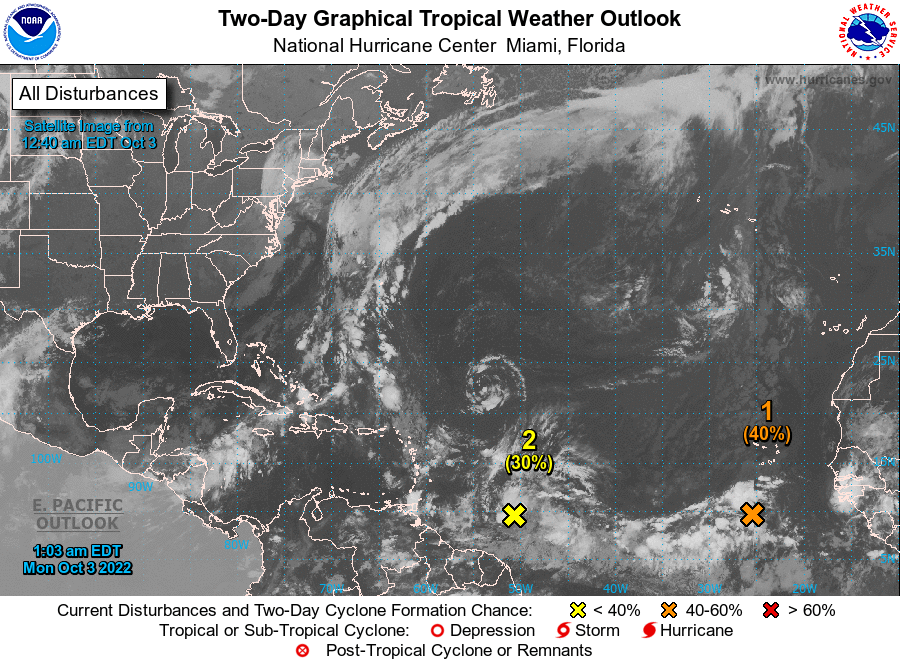
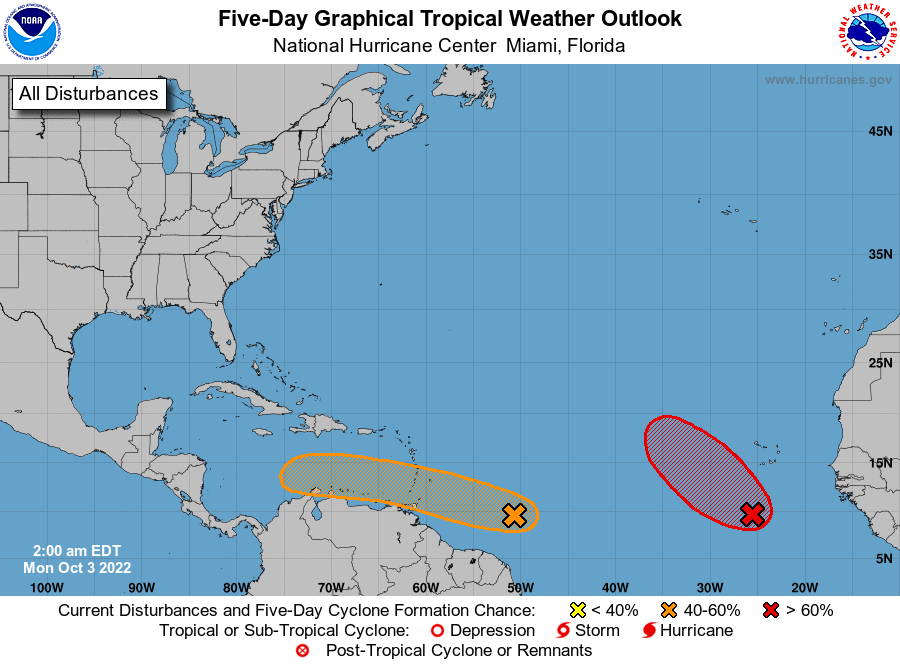
For the North Atlantic...Caribbean Sea and the Gulf of Mexico:

1. Eastern Tropical Atlantic: An elongated area of low pressure located several hundred miles south of the Cabo Verde Islands continues to produce disorganized showers and thunderstorms. Environmental conditions are forecast to be favorable for some gradual development, and a tropical depression is likely to form around the middle part of this week. Further development will become less likely by the end of the week due to increasing upper-level winds. The system is forecast to move westward, then turn northwestward or northward by the end of the week over the eastern tropical Atlantic.
* Formation chance through 48 hours...medium...40 percent.
* Formation chance through 5 days...high...70 percent.

2. East of the Windward Islands: Showers and thunderstorms associated with a tropical wave located several hundred miles east of the Windward Islands have changed little in organization during the past several hours. Further development of the wave is possible, however, and a tropical depression could form during the next few days while it moves generally westward at 15 to 20 mph, reaching the Windward Islands and the eastern Caribbean Sea by midweek. Interests in the Windward Islands should monitor the progress of the system.
* Formation chance through 48 hours...low...30 percent.
* Formation chance through 5 days...medium...40 percent.

Forecaster Roberts